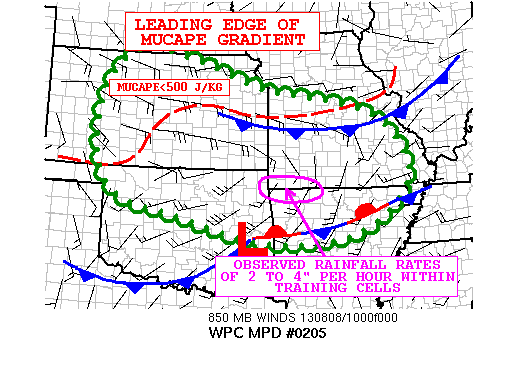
AREAS AFFECTED...NORTHEASTERN OK/EASTERN KS/WESTERN MO/NORTHERN
AR...

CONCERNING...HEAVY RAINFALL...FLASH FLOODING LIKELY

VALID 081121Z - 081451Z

SUMMARY...THE ONGOING MCC SHOULD GRADUALLY WEAKEN DURING THE NEXT
FEW HOURS BUT WILL REMAIN A FLASH FLOOD THREAT GIVEN SUSCEPTIBLE
ANTECEDENT CONDITIONS.

DISCUSSION...AS OF 11Z...A WELL DEFINED CONVECTIVE COMPLEX WAS
IMPACTING MUCH OF EASTERN KS AND DOWN ALONG THE MO/AR BORDER. IN
PARTICULAR...VERY HIGH RAINFALL RATES HAVE BEEN REPORTED BASED ON
MESONET DATA/HOURLY QPE ACROSS THE LATTER LOCATION. BRANSON..MO
SAW NEARLY 4 INCHES OF RAIN IN ONE HOUR AND JUST OVER 6 INCHES IN
TWO HOURS. SLOW MOVING/TRAINING CELLS REMAIN OVER THIS REGION OF
THE OZARKS WHERE THE COLDEST CLOUD TOPS AND A MAJORITY OF THE
CLOUD-TO-GROUND LIGHTNING WERE LOCATED. THUS...ADDITIONAL HEAVY
RAINFALL IS EXPECTED OVER THIS REGION UNTIL THIS CONVECTIVE CELL
FINALLY BEGINS TO SHIFT TOWARD THE NORTH AND EAST. AS A
WHOLE...THE CLOUD TOPS SHOULD CONTINUE TO WARM IN TIME AS THE
COMPLEX LIFTS NORTHWARD INTO A MUCH MORE STABLE AIR MASS.
HOWEVER...THE SYSTEM WILL REMAIN A FLASH FLOOD THREAT AS IT
CONTINUES TO FEED OFF PERSISTENT LOW-LEVEL MOIST INFLOW FROM THE
SOUTHWEST.